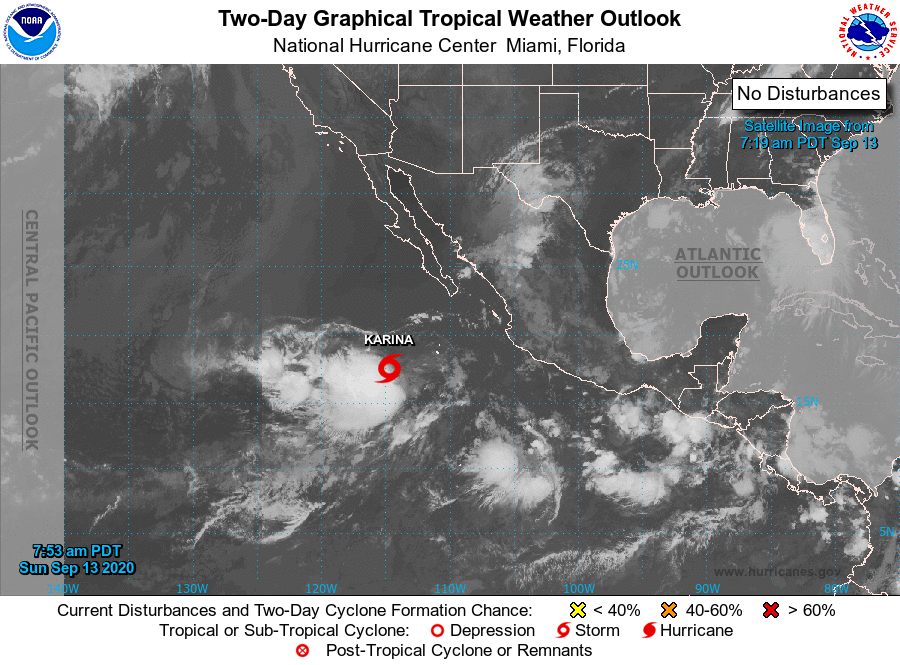
For the eastern North Pacific...east of 140 degrees west longitude:

The National Hurricane Center is issuing advisories on recently upgraded Tropical Storm Karina, located several hundred miles southwest of the southern tip of the Baja California peninsula.

Tropical cyclone formation is not expected during the next 5 days.

&&
Public Advisories on Karina are issued under WMO header WTPZ31 KNHC and under AWIPS header MIATCPEP1. Forecast/Advisories on Karina are issued under WMO header WTPZ21 KNHC and under AWIPS header MIATCMEP1.

Forecaster Berg